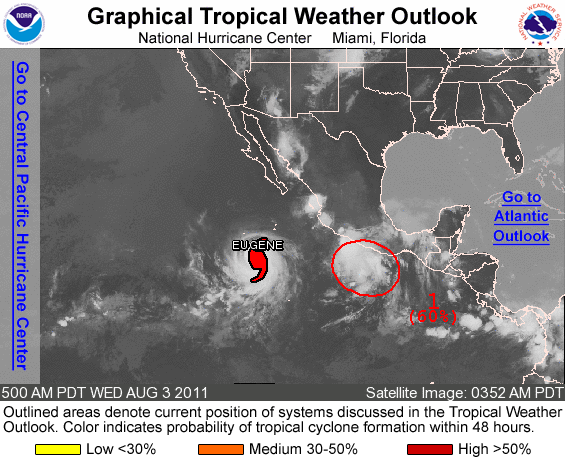
FOR THE EASTERN NORTH PACIFIC...EAST OF 140 DEGREES WEST LONGITUDE..

THE NATIONAL HURRICANE CENTER IS ISSUING ADVISORIES ON HURRICANE EUGENE...LOCATED ABOUT 570 MILES SOUTH-SOUTHWEST OF THE SOUTHERN TIP OF BAJA CALIFORNIA.

1. THE LOW PRESSURE SYSTEM LOCATED APPROXIMATELY 225 MILES SOUTHEAST OF ACAPULCO MEXICO IS PRODUCING A DISORGANIZED AREA OF SHOWERS AND THUNDERSTORMS JUST OFF THE COAST OF SOUTHERN AND SOUTHWESTERN MEXICO. ALTHOUGH A TROPICAL DEPRESSION COULD STILL FORM LATER TODAY...UPPER-LEVEL WINDS APPEAR TO HAVE BECOME A LITTLE LESS CONDUCIVE FOR DEVELOPMENT. THIS SYSTEM HAS A HIGH CHANCE...60 PERCENT...OF BECOMING A TROPICAL CYCLONE DURING THE NEXT 48 HOURS AS IT MOVES WESTWARD AT 5 TO 10 MPH.

ELSEWHERE...TROPICAL CYCLONE FORMATION IS NOT EXPECTED DURING THE NEXT 48 HOURS.

FORECASTER BERG